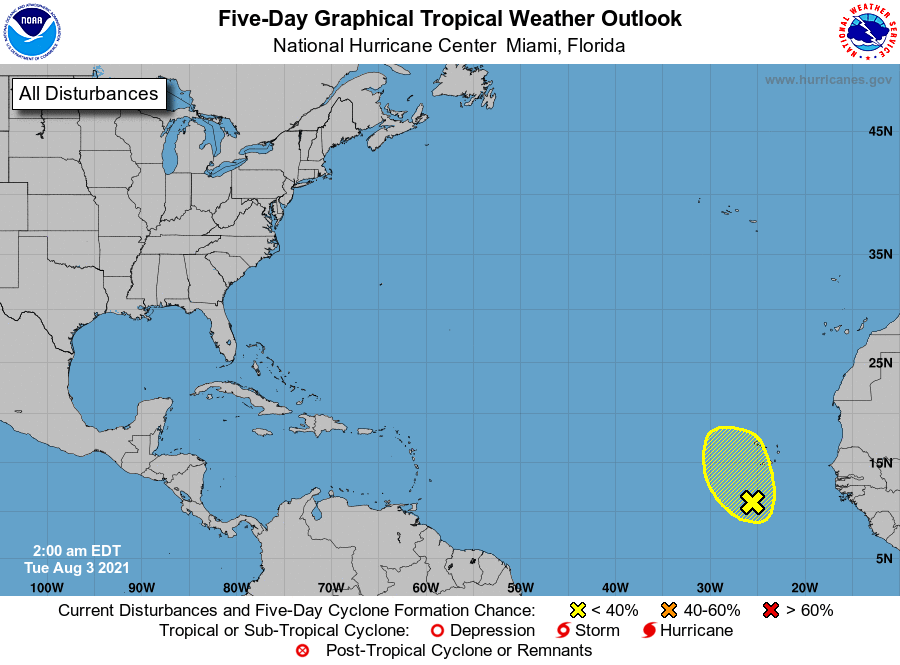
For the North Atlantic...Caribbean Sea and the Gulf of Mexico:

1. A surface trough of low pressure over the far eastern Atlantic Ocean centered a few hundred miles south of the Cabo Verde Islands continues to produce a large region of disorganized showers and thunderstorms. Some slow development of this system is possible during the next day or two while it moves northward or northwestward before the system moves over cooler waters by Thursday. Locally heavy rainfall and gusty winds are possible over portions of the Cabo Verde Islands through Wednesday.
* Formation chance through 48 hours...low...10 percent.
* Formation chance through 5 days...low...20 percent.

Forecaster Papin/Brown